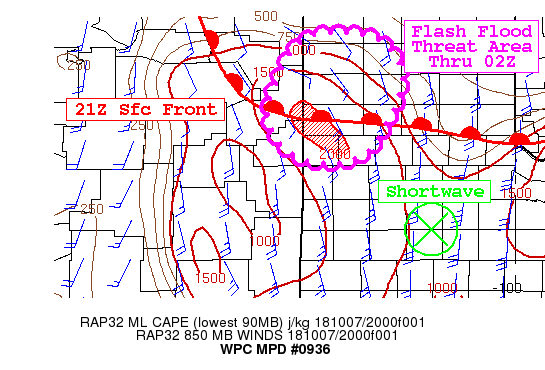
Areas affected...Eastern New Mexico and the Texas Panhandle

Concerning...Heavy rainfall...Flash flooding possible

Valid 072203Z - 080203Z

Summary...Ongoing thunderstorms expected to persist into this
evening along a warm front and ahead of a shortwave trough.

Discussion...A shortwave trough is noted over the south-central TX
panhandle in 2132 UTC GOES-16 mid-level water vapor imagery. A
cluster of thunderstorms have developed along the NM/TX border per
regional radars. This activity is in the dry slot of the expansive
long-wave trough over the western CONUS per GOES-16 imagery.
Instability in this dry slot has increased with MLCAPE around 2000
J/Kg per recent RAP analysis with an easterly component to the
southerly flow has brought low level moisture from the warm
conveyor belt onto the high plains of the western TX panhandle.

Recent HRRR runs have been too progressive and underdone with this
activity.  The combination of instability, moisture influx, and a
surface front warrants a heightened awareness of the flash flood
threat here. One hour rain rates of 1.5 to 2" per hour are
estimated both WSW of KAMA and just northwest into NM. These rates
can be expected to continue with a slight northward drift over the
next few hours as the shortwave outpaces the warm front.

Flash flood guidance west of Amarillo is lower (around 1.5 inches
in 3 hours) from 0.5 to 0.75" inches that fell before 12Z today.
Otherwise FFG is 2 to 2.5" in 3 hours.

Given the ongoing heavy rainfall and potential to continue past
00Z, there is a possible threat for flash flooding.